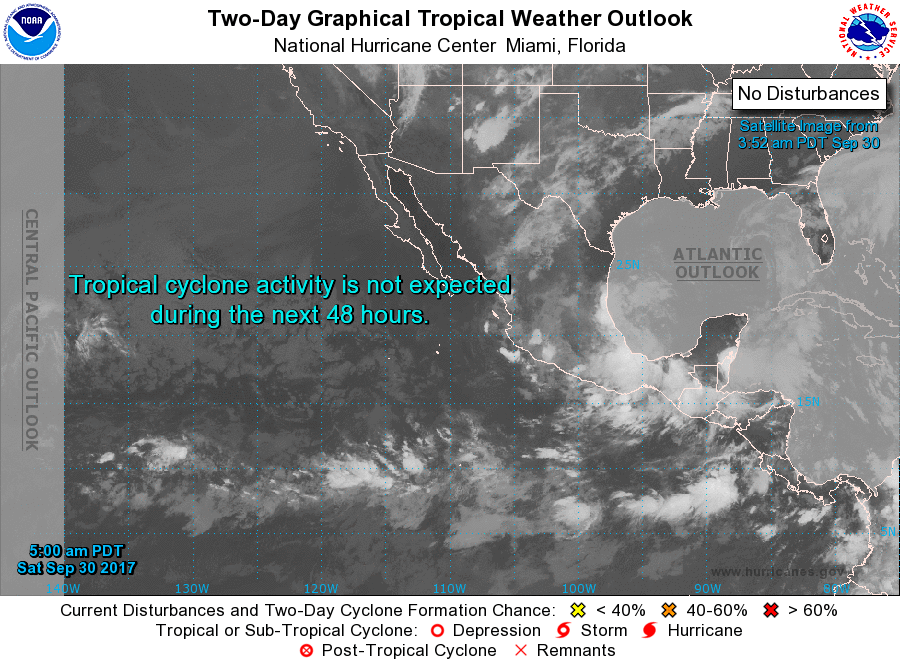
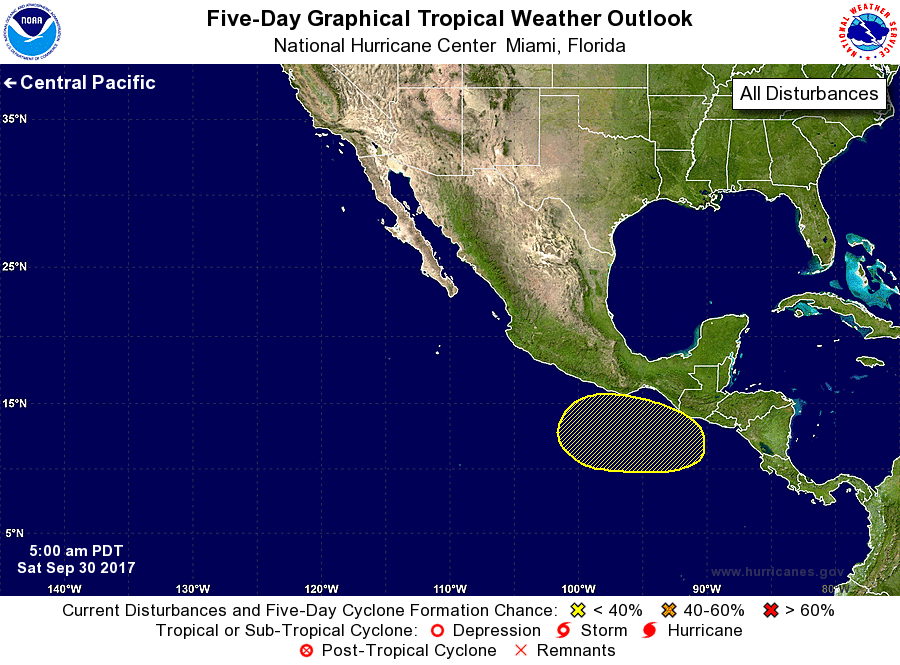
For the eastern North Pacific...east of 140 degrees west longitude:

1. An area of low pressure is forecast to develop a few hundred miles south of the southern coasts of Mexico and Guatemala, near the Gulf of Tehuantepec, by the middle of next week. Environmental conditions are expected to be conducive for gradual development while the system moves west-northwestward or northwestward.
* Formation chance through 48 hours...low...near 0 percent.
* Formation chance through 5 days...low...30 percent.

Forecaster Zelinsky